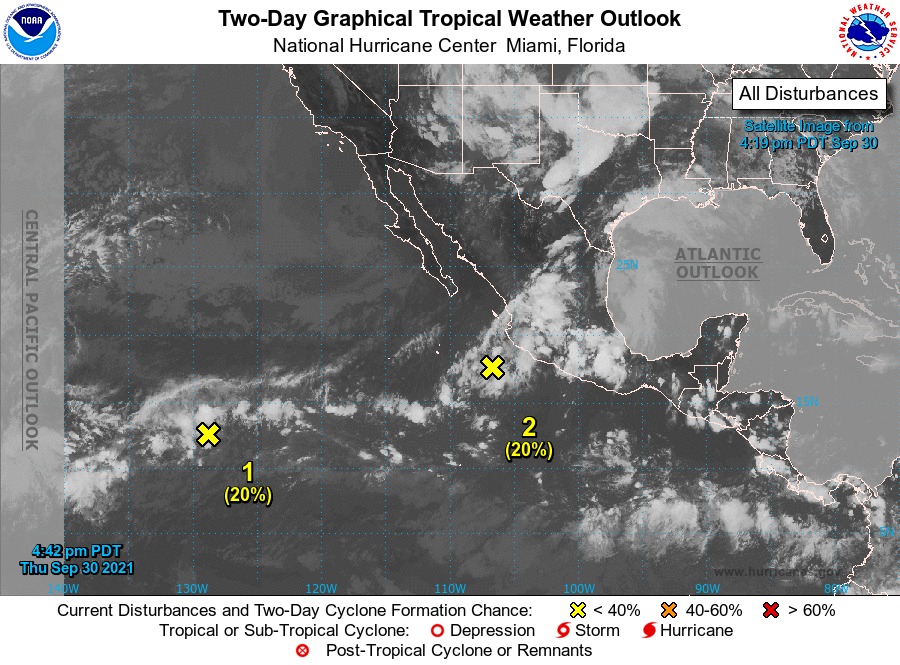
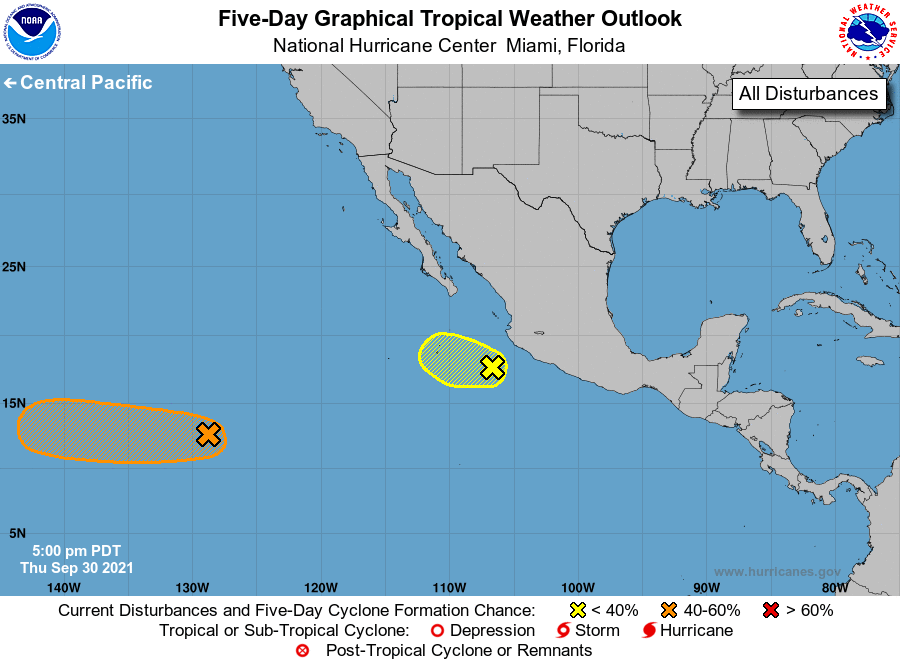
For the eastern North Pacific...east of 140 degrees west longitude:

1. A broad area of low pressure located about 1500 miles west-southwest of the southern tip of the Baja California peninsula is producing disorganized showers and thunderstorms. Environmental conditions are expected to be conducive for slow development during the next several days, and a tropical depression could form over the weekend or early next week while the system moves generally westward at 5 to 10 mph.
* Formation chance through 48 hours...low...20 percent.
* Formation chance through 5 days...medium...40 percent.

2. Disorganized showers and thunderstorms continue in association with an area of low pressure located a couple of hundred miles west-southwest of Manzanillo, Mexico. This system is moving west-northwestward at 5 to 10 mph, and some slow development is possible through early Friday before it reaches an area of stronger upper-level winds.
* Formation chance through 48 hours...low...20 percent.
* Formation chance through 5 days...low...20 percent.

Forecaster Beven